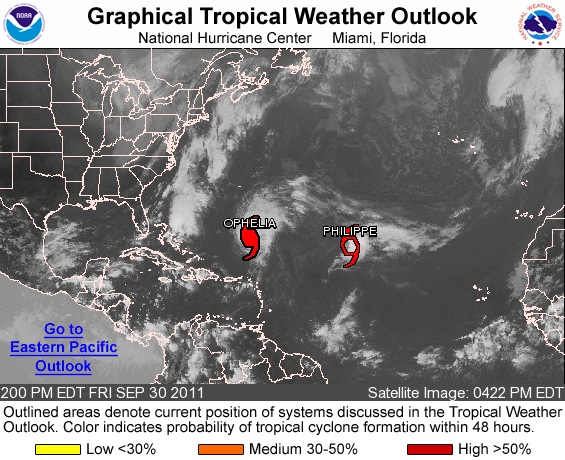
FOR THE NORTH ATLANTIC...CARIBBEAN SEA AND THE GULF OF MEXICO...

THE NATIONAL HURRICANE CENTER IS ISSUING ADVISORIES ON HURRICANE OPHELIA LOCATED ABOUT 580 MILES SOUTH OF BERMUDA...AND ON TROPICAL STORM PHILIPPE...LOCATED ABOUT 1145 MILES EAST-NORTHEAST OF THE LEEWARD ISLANDS.

ELSEWHERE...TROPICAL CYCLONE FORMATION IS NOT EXPECTED DURING THE NEXT 48 HOURS.

FORECASTER AVILA